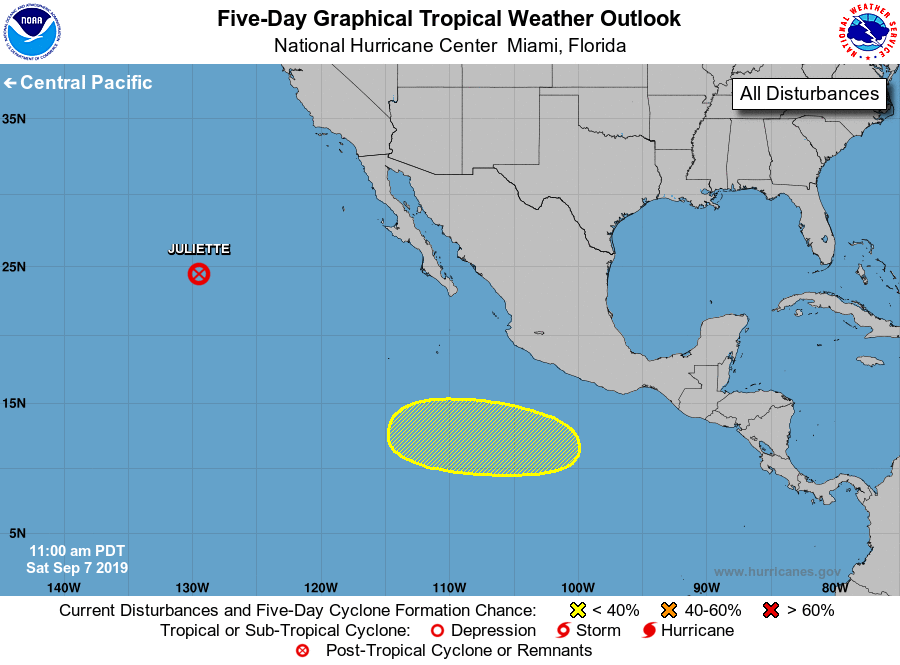
For the eastern North Pacific...east of 140 degrees west longitude:

The National Hurricane Center is issuing advisories on Tropical Storm Juliette, located about 1200 miles west of the southern tip of the Baja California peninsula.

1. An area of low pressure is expected to form early next week a few hundred miles southwest of the southern coast of Mexico. Gradual development of this system is possible thereafter while it moves west-northwestward at around 10 mph.
* Formation chance through 48 hours...low...near 0 percent.
* Formation chance through 5 days...low...30 percent.

Forecaster Berg